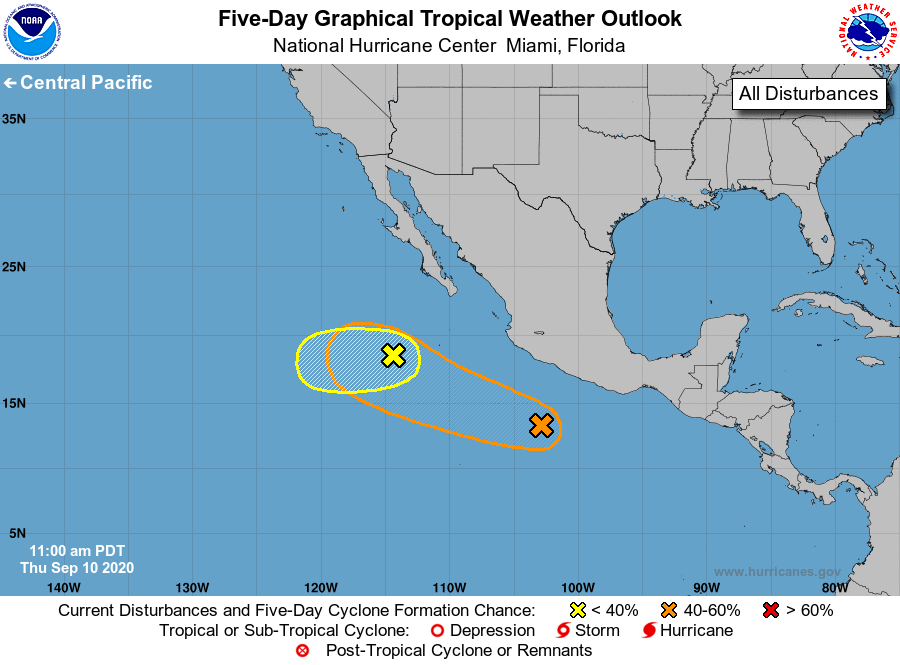
For the eastern North Pacific...east of 140 degrees west longitude:

1. A low pressure area located about 400 miles southwest of the southern tip of the Baja California peninsula is producing a compact area of showers and thunderstorms. Some development of this system is possible during the next few days before it interacts with, and possibly becomes absorbed by, a larger weather disturbance to its east.
* Formation chance through 48 hours...low...20 percent.
* Formation chance through 5 days...low...30 percent.

2. A broad area of low pressure located about 350 miles south-southwest of the coast of southwestern Mexico continues to produce a large area of disorganized showers and thunderstorms. Environmental conditions appear conducive for development of this system, and a tropical depression could form over the weekend or early next week while the system moves west-northwestward at 10 to 15 mph away from the coast of Mexico.
* Formation chance through 48 hours...medium...40 percent.
* Formation chance through 5 days...medium...60 percent.

Forecaster Berg